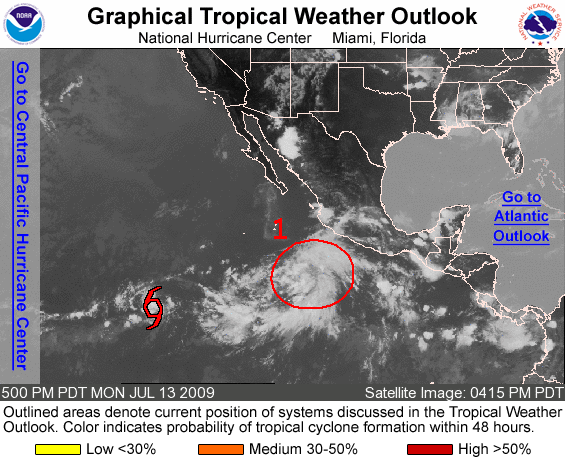
FOR THE EASTERN NORTH PACIFIC...EAST OF 140 DEGREES WEST LONGITUDE..

THE NATIONAL HURRICANE CENTER IS ISSUING ADVISORIES ON TROPICAL STORM CARLOS...LOCATED ABOUT 1420 MILES SOUTHWEST OF THE SOUTHERN TIP OF BAJA CALIFORNIA.

1. THE BROAD LOW PRESSURE AREA LOCATED SEVERAL HUNDRED MILES SOUTH-SOUTHWEST OF MANZANILLO MEXICO HAS CHANGED LITTLE IN ORGANIZATION THIS AFTERNOON. CONDITIONS APPEAR FAVORABLE FOR DEVELOPMENT OF THIS SYSTEM...AND A TROPICAL DEPRESSION COULD FORM DURING THE NEXT DAY OR TWO AS THE LOW MOVES WEST OR WEST-NORTHWESTWARD AT 10 TO 15 MPH. THERE IS A HIGH CHANCE... GREATER THAN 50 PERCENT...OF THIS SYSTEM BECOMING A TROPICAL CYCLONE DURING THE NEXT 48 HOURS.

ELSEWHERE...TROPICAL CYCLONE FORMATION IS NOT EXPECTED DURING THE NEXT 48 HOURS.

FORECASTER BROWN